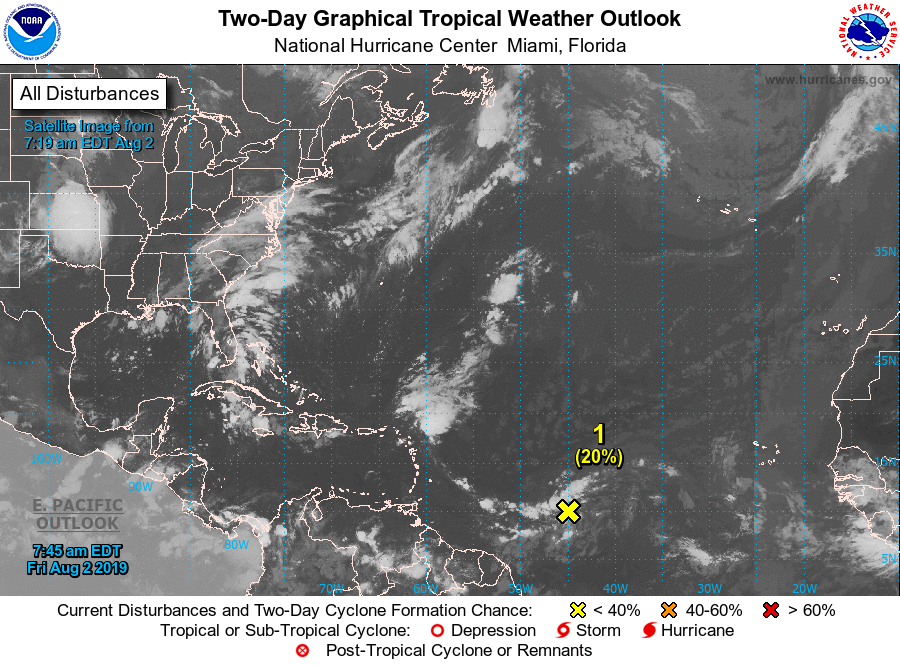
For the North Atlantic...Caribbean Sea and the Gulf of Mexico:

1. An elongated area of low pressure located over the central tropical Atlantic Ocean several hundred miles southeast of the Lesser Antilles continues to generate limited showers and thunderstorms. Some slow development of this system is possible, and a tropical depression could form well east of the Leeward Islands by early next week while the low moves west-northwestward at 10 to 15 mph. Upper-level winds are forecast to become less conducive for development as the system approaches the Leeward Islands Tuesday and Wednesday.
* Formation chance through 48 hours...low...20 percent.
* Formation chance through 5 days...medium...40 percent.

Forecaster Zelinsky/Ramos